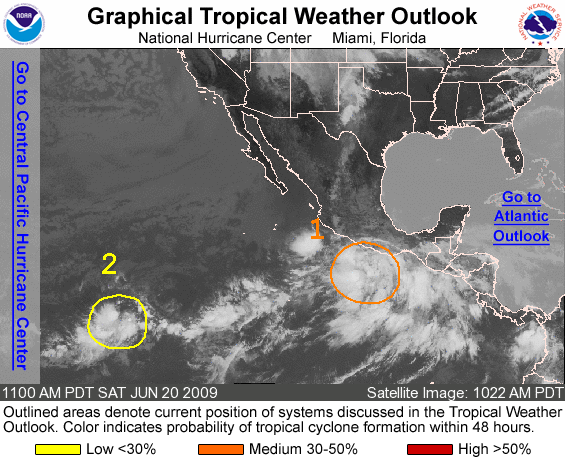
FOR THE EASTERN NORTH PACIFIC...EAST OF 140 DEGREES WEST LONGITUDE..

1. SHOWER AND THUNDERSTORM ACTIVITY HAS BECOME BETTER ORGANIZED IN ASSOCIATION WITH A BROAD AREA OF LOW PRESSURE LOCATED ABOUT 150 MILES SOUTH OF ACAPULCO MEXICO. CONDITIONS APPEAR FAVORABLE FOR ADDITIONAL DEVELOPMENT...AND A TROPICAL DEPRESSION COULD FORM DURING THE NEXT COUPLE OF DAYS AS THIS SYSTEM MOVES SLOWLY WESTWARD. THERE IS A MEDIUM CHANCE...30 TO 50 PERCENT...OF THIS SYSTEM BECOMING A TROPICAL CYCLONE DURING THE NEXT 48 HOURS. HEAVY RAINS ASSOCIATED WITH THIS SYSTEM COULD AFFECT PORTIONS OF THE SOUTHERN COAST OF MEXICO DURING THE NEXT DAY OR TWO.

2. SHOWERS AND THUNDERSTORMS HAVE INCREASED IN ASSOCIATION WITH A BROAD AREA OF LOW PRESSURE LOCATED ABOUT 1700 MILES WEST-SOUTHWEST OF THE SOUTHERN TIP OF BAJA CALIFORNIA. DEVELOPMENT OF THIS SYSTEM...IF ANY...WILL BE SLOW TO OCCUR AS IT MOVES SLOWLY EASTWARD OVER THE NEXT COUPLE OF DAYS. THERE IS A LOW CHANCE...LESS THAN 30 PERCENT...OF THIS SYSTEM BECOMING A TROPICAL CYCLONE DURING THE NEXT 48 HOURS.

ELSEWHERE...TROPICAL CYCLONE FORMATION IS NOT EXPECTED DURING THE NEXT 48 HOURS.

FORECASTER BRENNAN/BERG